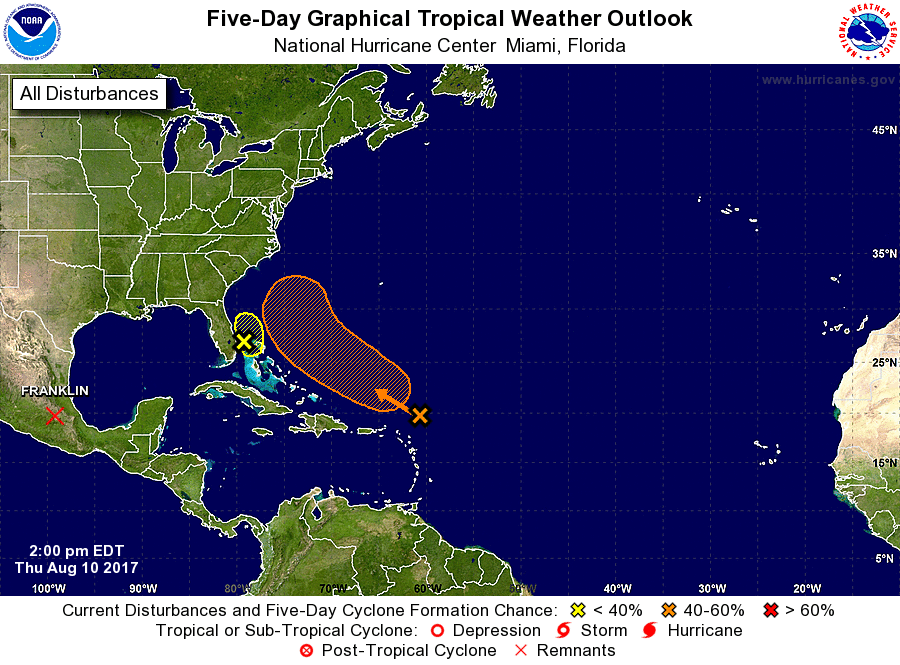
For the North Atlantic...Caribbean Sea and the Gulf of Mexico:

The National Hurricane Center has issued its last advisory on Franklin, that has dissipated over Mexico.

1. Disorganized showers and thunderstorms continue in association with a trough of low pressure located a couple of hundred miles northeast of the northern Leeward Islands. Some slow development of this system is possible during the weekend while the system moves northwestward over the western Atlantic.
* Formation chance through 48 hours...low...20 percent.
* Formation chance through 5 days...medium...40 percent.

2. A trough of low pressure just east of the Florida peninsula is producing an area of disorganized showers and thunderstorms that extends from the south Florida to the northern Bahama Islands and into the southwest Atlantic. Although significant development is not anticipated, this system could bring locally heavy rains to portions of the Bahamas and Florida during the next day or two.
* Formation chance through 48 hours...low...10 percent.
* Formation chance through 5 days...low...10 percent.

Forecaster Roberts